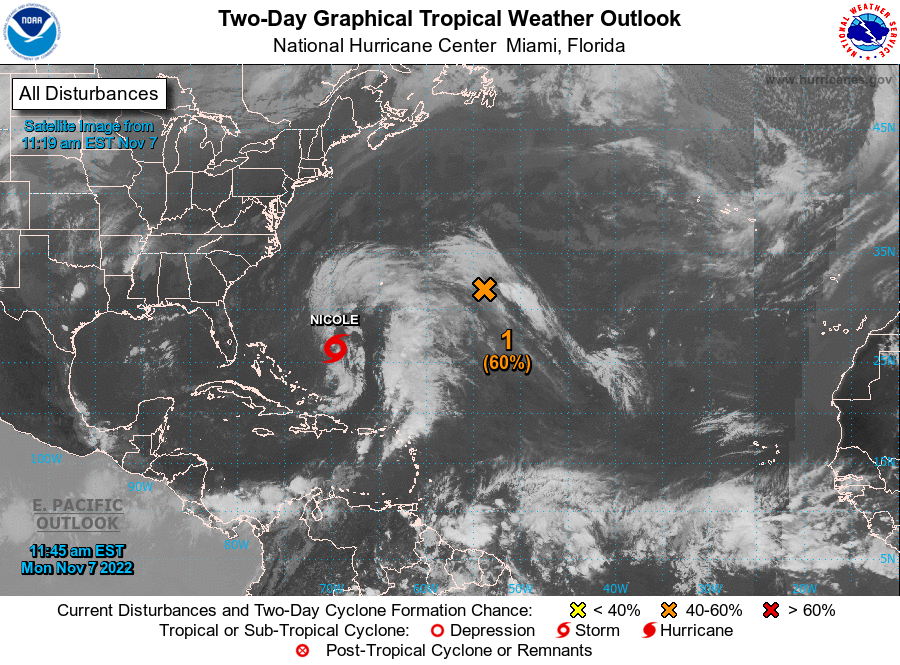
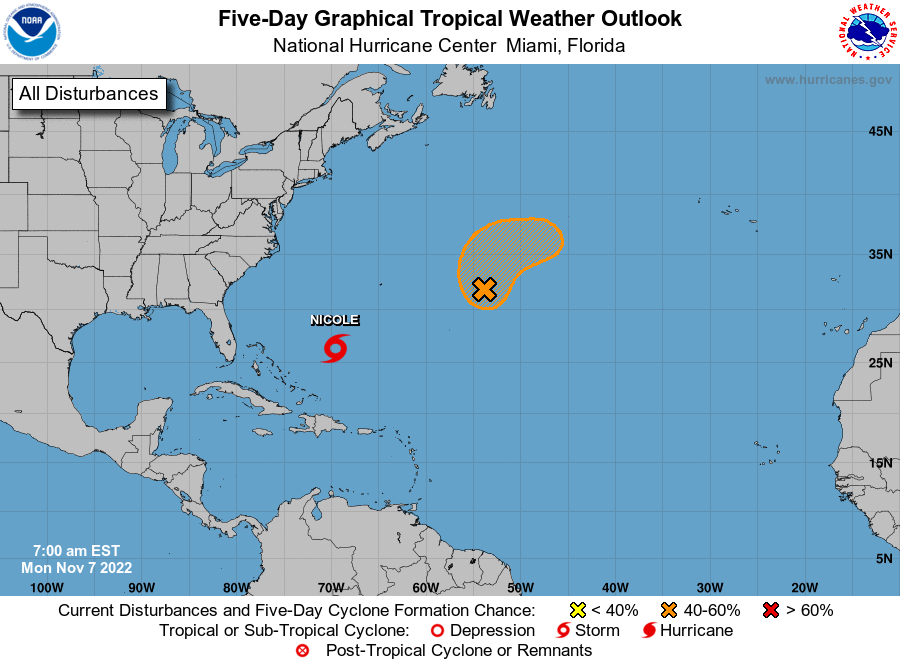
For the North Atlantic...Caribbean Sea and the Gulf of Mexico:

Active Systems: The National Hurricane Center is issuing advisories on newly formed Subtropical Storm Nicole, located over the southwestern Atlantic.

1. Central Subtropical Atlantic: A well-defined area of low pressure located about 650 miles east of Bermuda continues to produce gale-force winds, but the associated shower and thunderstorm activity remains displaced to the east of the low's center due to strong upper-level winds. These conditions are expected to remain unfavorable for development today but may briefly become more favorable on Tuesday, and a short-lived tropical storm could still form as the system begins to move northward and then northeastward at about 10 mph. The low is then forecast to merge with a cold front by the middle part of this week. Additional information on this system, including gale warnings, can be found in High Seas Forecasts issued by the National Weather Service.
* Formation chance through 48 hours...medium...60 percent.
* Formation chance through 5 days...medium...60 percent.

Public Advisories on Subtropical Storm Nicole are issued under WMO header WTNT32 KNHC and under AWIPS header MIATCPAT2. Forecast/Advisories on Subtropical Storm Nicole are issued under WMO header WTNT22 KNHC and under AWIPS header MIATCMAT2.

High Seas Forecasts issued by the National Weather Service can be found under AWIPS header NFDHSFAT1, WMO header FZNT01 KWBC, and online at ocean.weather.gov/shtml/NFDHSFAT1.php

Forecaster Papin